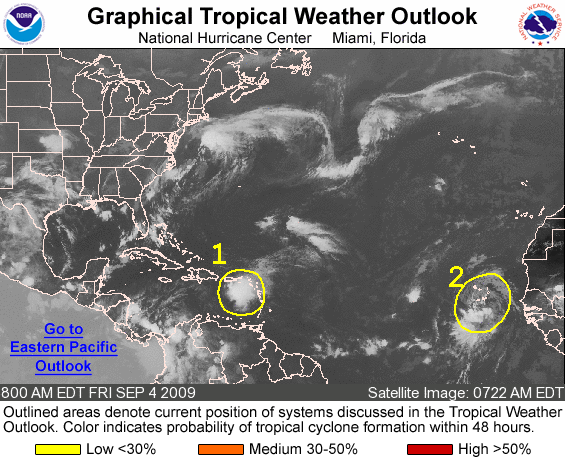
FOR THE NORTH ATLANTIC...CARIBBEAN SEA AND THE GULF OF MEXICO...

1. THE REMNANTS OF TROPICAL DEPRESSION ERIKA ARE LOCATED JUST SOUTH OF PUERTO RICO AND ARE MOVING SLOWLY WESTWARD AT 5 TO 10 MPH. WHILE SHOWER AND THUNDERSTORM ACTIVITY HAS INCREASED OVER THE PAST FEW HOURS...UPPER-LEVEL WINDS ARE NOT CURRENTLY FAVORABLE FOR RE-DEVELOPMENT OF THIS SYSTEM. REGARDLESS OF ANY DEVELOPMENT... HEAVY RAINFALL IS POSSIBLE OVER PUERTO RICO AND THE VIRGIN ISLANDS TODAY. THERE IS A LOW CHANCE...LESS THAN 30 PERCENT...OF THIS SYSTEM BECOMING A TROPICAL CYCLONE DURING THE NEXT 48 HOURS. ADDITIONAL INFORMATION ON THIS SYSTEM CAN BE FOUND IN HIGH SEAS FORECASTS ISSUED BY THE NATIONAL WEATHER SERVICE...UNDER AWIPS HEADER NFDHSFAT1 AND WMO HEADER FZNT01 KWBC.

2. A BROAD AREA OF LOW PRESSURE ASSOCIATED WITH A TROPICAL WAVE IS LOCATED NEAR AND TO THE SOUTH OF THE CAPE VERDE ISLANDS. WHILE THIS SYSTEM HAS CHANGED LITTLE IN ORGANIZATION DURING THE PAST SEVERAL HOURS...IT STILL HAS THE POTENTIAL FOR SLOW DEVELOPMENT OVER THE NEXT COUPLE OF DAYS AS IT MOVES WESTWARD AT 10 TO 15 MPH OVER THE FAR EASTERN TROPICAL ATLANTIC. THERE IS A LOW CHANCE...LESS THAN 30 PERCENT...OF THIS SYSTEM BECOMING A TROPICAL CYCLONE DURING THE NEXT 48 HOURS.

ELSEWHERE...TROPICAL CYCLONE FORMATION IS NOT EXPECTED DURING THE NEXT 48 HOURS.

FORECASTER BRENNAN/ROBERTS